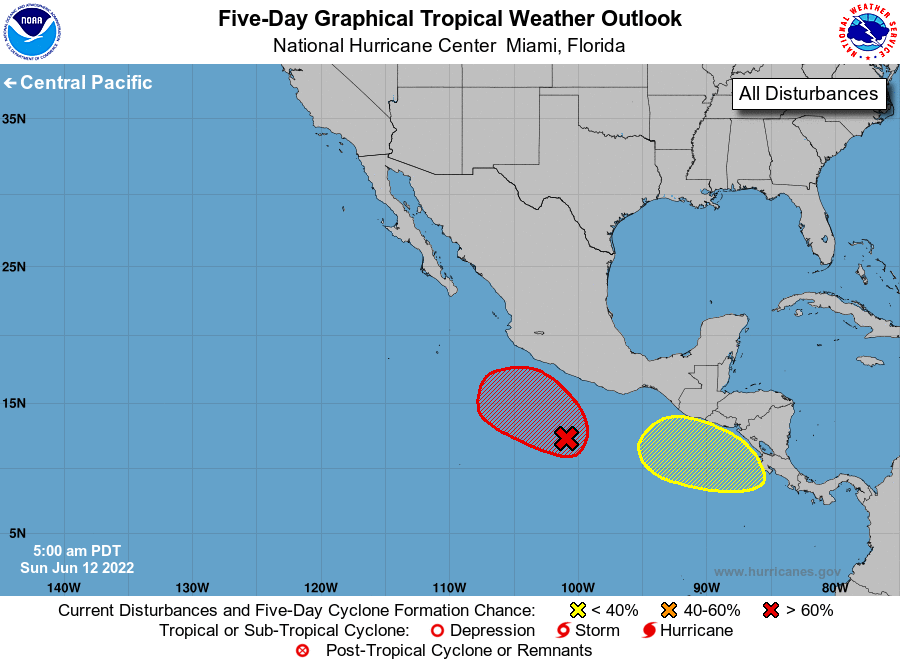
For the eastern North Pacific...east of 140 degrees west longitude:

1. Off the coast of southwestern Mexico: A broad low pressure area located a few hundred miles south of the southwest coast of Mexico is producing a more concentrated area of showers and thunderstorms this morning. Environmental conditions are expected to become conducive for development of this system, and a tropical depression is likely to form on Tuesday or Wednesday while the system moves slowly northwestward off the southwestern coast of Mexico.
* Formation chance through 48 hours...medium...40 percent.
* Formation chance through 5 days...high...90 percent.

2. Off the coast of Central America: An area of low pressure is expected to form during the next few days south or southwest off the coast of Central America. Subsequent gradual development of this system is possible as it moves slowly northwestward.
* Formation chance through 48 hours...low...near 0 percent.
* Formation chance through 5 days...low...20 percent.

Forecaster Blake